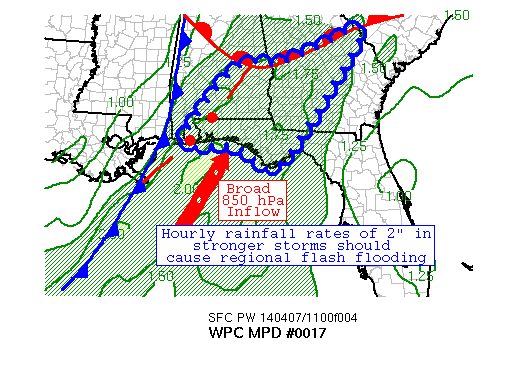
AREAS AFFECTED...SOUTHERN AL...PORTIONS OF GA...FL PANHANDLE

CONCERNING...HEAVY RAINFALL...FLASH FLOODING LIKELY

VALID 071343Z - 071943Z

SUMMARY...A BAND OF THUNDERSTORMS IS MOVING INTO THE FL PANHANDLE,
SOUTHEAST AL, INTO CENTRAL GA AT 15-20 KTS, AND HAS BEEN PRODUCING
HEAVY RAINFALL OVER THE PAST SEVERAL HOURS.  CELL TRAINING ALONG
THE PRE-FRONTAL BAND REMAINS POSSIBLE.  REGIONAL FLASH FLOODING IS
CONSIDERED LIKELY.

DISCUSSION...AN PRE-EXISTING BAND OF THUNDERSTORMS IS MOVING
SLOWLY EASTWARD INTO THE EASTERN GULF COAST.  EARLIER THIS
MORNING, LOCAL AMOUNTS OF AROUND 10" WERE INDICATED NEAR
GREENVILLE/PINE APPLE, AL PER RADAR ESTIMATES FROM THE FORT RUCKER
88-D, WITH MESONET RAINFALL AMOUNTS OF A BROAD 3-5" FALLING ACROSS
SECTIONS OF NORTHWEST GA, AL, AND PORTIONS OF SOUTHERN MS.  LATEST
RADAR ESTIMATES INDICATE HOURLY RAINFALL RATES FROM THE CORE OF
THE STRONGER THUNDERSTORMS EXCEEDS 2".  PRECIPITABLE WATER VALUES
NEAR THE RECORD FOR EARLY APRIL ARE LIKELY AIDING PRECIPITATION
EFFICIENCY.

A SOMEWHAT MOBILE AND BROAD AXIS OF BROAD INFLOW AT 850 HPA IN THE
NEIGHBORHOOD OF 50-60 KNOTS IS STREAMING INTO THE REGION FROM THE
GULF OF MEXICO HAS LED TO 40-50 KNOTS OF 0-3 KM SHEAR, WHICH
SHOULD CONTINUE TO ORGANIZE CONVECTION PER THE LATEST RAP
GUIDANCE.  THE BREADTH OF THE LOW-LEVEL INFLOW SHOULD COMPENSATE
FOR ANY FORWARD PROGRESSION OF THE THUNDERSTORM BAND.  COMBINED
WITH UPSTREAM CAPES OF 1000-2000 J/KG PER THE 00Z ARW AND GOES
SOUNDER INFORMATION, THE ENVIRONMENT IS EXPECTED TO REMAIN
FAVORABLE FOR WET MULTI-CELL CLUSTERS INTO THE AFTERNOON NEAR AND
SOUTH OF A WARM FRONT.  RAINFALL RATES ARE EXPECTED TO REMAIN
STEADY NEAR 2"/HOUR IN STRONGER CELLS, IMPLYING THAT 1.5-2 HOURS
OF RAIN IN ANY PARTICULAR LOCATION WOULD EXCEED FLASH FLOOD
GUIDANCE VALUES.  CORFIDI VECTORS BASED ON THE 06Z GFS INDICATE
THAT PROPAGATION IS EXPECTED TO REMAIN LIGHT EASTERLY TODAY.
THERE IS A MODERATE SIGNAL IN THE MESOSCALE GUIDANCE FOR CONTINUED
HEAVY RAINFALL, INDICATING 2-3" ISOLATED AMOUNTS POSSIBLE.
ADDITIONAL THUNDERSTORM ACTIVITY IS POSSIBLE ALONG THE ACTUAL
FRONTAL BOUNDARY FARTHER TO THE WEST LATER TODAY, WHICH COULD HOLD
UP THE PROGRESSION OF THE TAIL OF THE EXISTING THUNDERSTORM BAND,
OR LEAD TO REPEATED ROUNDS OF THUNDERSTORMS IN ALREADY SATURATED
REGIONS, WHICH WOULD EXACERBATE CURRENT FLASH FLOOD ISSUES.  FLASH
FLOODING IS CONSIDERED LIKELY.